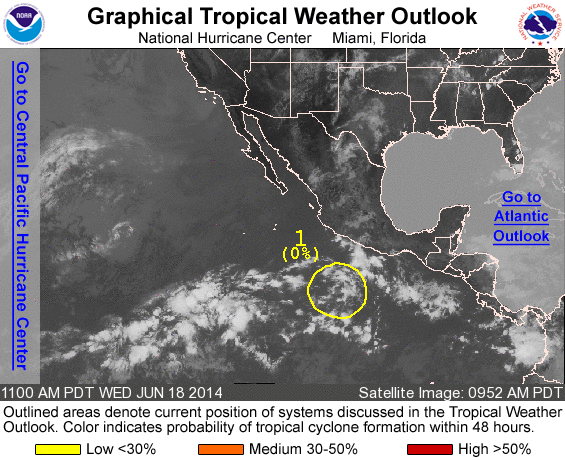
For the eastern North Pacific...east of 140 degrees west longitude:

1. A few showers, associated with a tropical wave, are located several hundred miles south of Manzanillo, Mexico.

Tropical cyclone formation is not anticipated during the next couple of days, but some development of this system is still possible by later this weekend while it moves slowly northward.
* Formation chance through 48 hours...low...near 0 percent.
* Formation chance through 5 days...low...10 percent.

Forecaster Avila